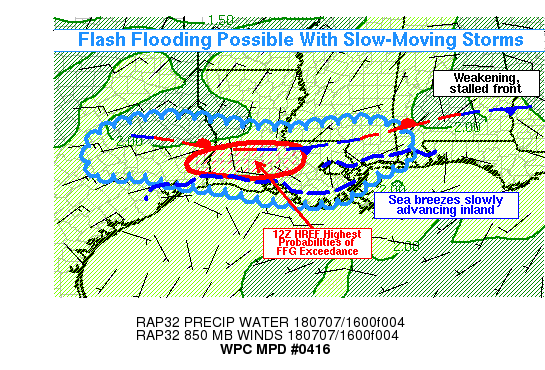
AREAS AFFECTED...SERN TX...SRN LA...SRN MS...FAR SW AL

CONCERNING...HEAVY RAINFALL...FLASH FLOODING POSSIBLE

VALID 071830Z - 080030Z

SUMMARY...NUMEROUS THUNDERSTORMS WILL DEVELOP THIS AFTERNOON ALONG
THE WEST-CENTRAL GULF COAST AND MOVE SLOWLY ACROSS THE REGION.
RAIN RATES OF UP TO 2-3 IN/HR WILL BE POSSIBLE WHICH COULD LEAD TO
FLASH FLOODING.

DISCUSSION...GOES-16 DAY CONVECTION RGB IS SHOWING A BLOSSOMING OF
INCREASINGLY VIGOROUS CONVECTION IN THE VICINITY OF A DISSIPATING
STALLED FRONT ALONG THE GULF COAST. ADDITIONAL CONVECTION WAS
DEVELOPING ALONG SOME SEA BREEZE BOUNDARIES THAT WERE SLOWLY
ADVANCING INLAND. GOES-16 IR SATELLITE CHANNELS ALSO SHOW A
GENERAL COOLING OF THE CLOUD TOPS...AND REGIONAL RADARS HAVE SHOWN
A SIGNIFICANT EXPANSION IN THE COVERAGE OF CONVECTION OVER THE
PAST COUPLE HOURS (16-18Z). THIS TREND IS EXPECTED TO CONTINUE FOR
THE NEXT HOUR OR TWO WITH AN INCREASING TREND FOR CONSOLIDATION OF
CONVECTION INTO LARGER CLUSTERS...PARTICULARLY NEAR COLLISIONS IN
OUTFLOW BOUNDARIES...SEA BREEZES...AND THE STALLED FRONT. THIS
SHOULD LEAD TO A RELATIVELY HIGH COVERAGE OF RAIN IN THE NEXT SIX
HOURS...WITH POCKETS OF HEAVY RAINFALL IN EXCESS OF 2-3 INCHES.

THE ENVIRONMENT IN THE OUTLINED AREA IS VERY MOIST...WITH NUMEROUS
GPS-PW OBSERVATIONS IN THE 1.9 TO 2.1 INCH RANGE SUPPORTIVE OF
HEAVY RAIN RATES AND EFFICIENT RAINFALL PRODUCTION. THE DEEP LAYER
(0-6KM) MEAN WINDS WERE ONLY AROUND 5-10 KNOTS...INDICATING THE
POTENTIAL FOR VERY SLOW STORM MOTIONS. COLLIDING BOUNDARIES MAY
FURTHER INCREASE RESIDENCE TIME OF HEAVY RAIN IN CERTAIN
LOCATIONS. THESE TWO FACTORS SHOULD BE AMONG THE MOST FAVORABLE
FOR FLASH FLOOD POTENTIAL THIS AFTERNOON AND EARLY THIS EVENING
ACROSS THE REGION.

FLASH FLOOD GUIDANCE IS NOT ESPECIALLY LOW IN THE REGION...WITH
3-HR FFG AROUND 3-4 INCHES. RAINFALL APPROXIMATELY THAT HIGH IS
POSSIBLE GIVEN THE ENVIRONMENT AND STORM MOTIONS...BUT GIVEN THE
LACK OF STRONG LOW-LEVEL FOCUSING MECHANISMS...THE COVERAGE OF
SUCH RAINFALL MAY BE LIMITED IN AREAL EXTENT. THEREFORE...WHILE
FLASH FLOODING IS POSSIBLE IT SHOULD BE LOCALIZED. THE 12Z HREF
SHOWS THE HIGHEST MEAN QPF AND GREATEST PROBABILITIES OF FFG
EXCEEDANCE IN SOUTHWEST AND SOUTH-CENTRAL LOUISIANA. A DECREASING
TREND IN CONVECTIVE COVERAGE AND THE FLASH FLOOD THREAT IS
EXPECTED AROUND SUNSET.